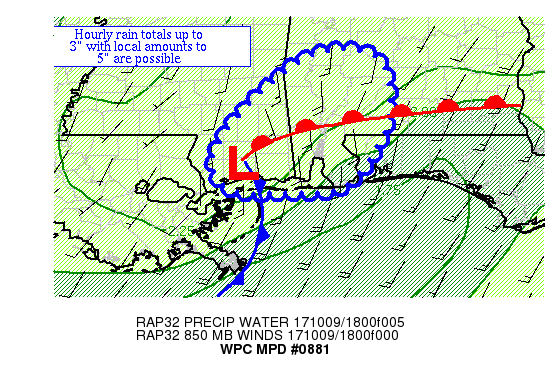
AREAS AFFECTED...SOUTHERN MS & SOUTHWEST AL

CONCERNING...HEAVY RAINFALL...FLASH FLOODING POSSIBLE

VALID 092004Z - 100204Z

SUMMARY...THUNDERSTORMS ARE SHOWING INCREASING COVERAGE ACROSS AN
AREA THAT HAS RECEIVED 3"+ OF RAIN LATELY.  HOURLY TOTALS TO 3"
WITH LOCAL AMOUNTS TO 5" ARE POSSIBLE.

DISCUSSION...WATER VAPOR IMAGERY SHOWS A SHORTWAVE LIFTING
NORTHEAST NEAR THE LA/TX BORDER WHICH ALONG WITH AN UPPER HIGH TO
THE EAST IS SPONSORING DIVERGENCE ALOFT OVER THE AREA.  INFLOW AT
850 HPA IS CONVERGENT AT ~20 KTS PER VAD WIND PROFILES, WHICH IS
SLIGHTLY MORE THAN THE MAGNITUDE OF THE MEAN 850-400 HPA WIND.
THUNDERSTORMS ARE FORMING NEAR A MESOSCALE WAVE ACROSS MS.  ML
CAPE VALUES OF 1500+ J/KG LIE IN ITS WARM SECTOR.  EFFECTIVE BULK
SHEAR OF ~25 KTS COMBINED WITH THE RELATIVELY UNIDIRECTIONAL FLOW
OUT OF THE SOUTH-SOUTHWEST HAS BEEN ATTEMPTING TO ORGANIZE
OCCASIONAL LINEAR CONVECTIVE BANDS ACROSS THE REGION OVER THE PAST
SEVERAL HOURS.  PRECIPITABLE WATER VALUES ARE ~2.4" PER GPS DATA.

THE 12Z SSEO NEIGHBORHOOD PROBABILITIES SHOW CONVECTION IN THE
VICINITY MAY HOLD ON UNTIL 02Z, SO USED A SIX HOUR WINDOW.  RECENT
HRRR/HRRR PARALLEL RUNS SHOW LOCAL AMOUNTS ~5" OVER THE NEXT
SEVERAL HOURS, WHICH IS POSSIBLE CONSIDERING THE PARAMETERS
PRESENT.  EXPECT THUNDERSTORMS TO SPREAD BACK INTO SOUTHWEST AL
WITH TIME PER FORWARD PROPAGATING CONVECTIVE VECTORS.  THERE
SHOULD BE SOME DECREASE IN ORGANIZATION PAST 00Z AS WINDS AT 850
HPA RELAX.  UNTIL ORGANIZATION LESSENS, HOURLY RAIN TOTALS UP TO
3" WITH LOCAL AMOUNTS TO 5" ARE POSSIBLE.